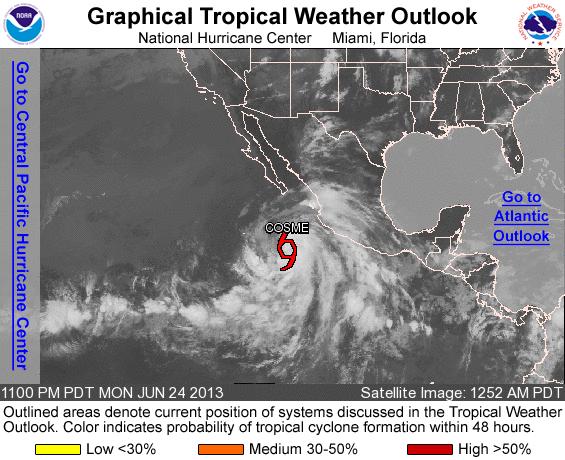
FOR THE EASTERN NORTH PACIFIC...EAST OF 140 DEGREES WEST LONGITUDE..

THE NATIONAL HURRICANE CENTER IS ISSUING ADVISORIES ON TROPICAL STORM COSME...LOCATED SEVERAL HUNDRED MILES SOUTHWEST OF MANZANILLO MEXICO.

ELSEWHERE...TROPICAL CYCLONE FORMATION IS NOT EXPECTED DURING THE NEXT 48 HOURS.

FORECASTER STEWART